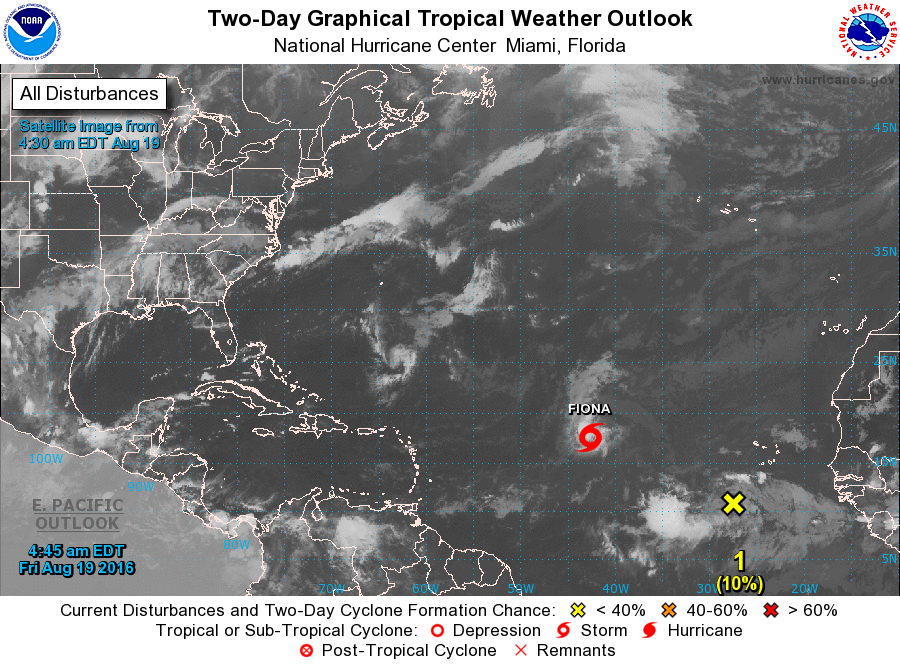
For the North Atlantic...Caribbean Sea and the Gulf of Mexico:

The National Hurricane Center is issuing advisories on Tropical Storm Fiona, located over the central tropical Atlantic.

1. A tropical wave located about 350 miles southwest of the Cabo Verde Islands is producing an elongated area of cloudiness and disorganized shower activity. Environmental conditions are expected to be conducive for gradual development, and a tropical depression could form early next week while the system moves westward at about 15 mph across the tropical Atlantic Ocean.
* Formation chance through 48 hours...low...10 percent
* Formation chance through 5 days...medium...50 percent

2. A tropical wave is forecast to move off of the coast of Africa on Saturday. Environmental conditions appear conducive for gradual development of this system early next week while it moves generally west-northwestward over the eastern tropical Atlantic Ocean.
* Formation chance through 48 hours...low...near 0 percent
* Formation chance through 5 days...low...30 percent

Forecaster Blake